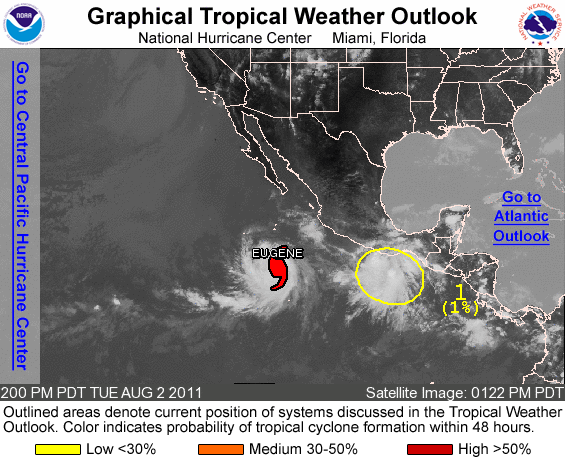
FOR THE EASTERN NORTH PACIFIC...EAST OF 140 DEGREES WEST LONGITUDE..

THE NATIONAL HURRICANE CENTER IS ISSUING ADVISORIES ON HURRICANE EUGENE...LOCATED ABOUT 535 MILES SOUTHWEST OF MANZANILLO MEXICO.

1. UPDATED...SATELLITE IMAGERY INDICATES THAT THE AREA OF LOW PRESSURE LOCATED ABOUT 130 MILES SOUTH OF PUERTO ANGEL MEXICO HAS BECOME BETTER ORGANIZED OVER THE PAST FEW HOURS. CONDITIONS APPEAR FAVORABLE FOR CONTINUED DEVELOPMENT OF THIS SYSTEM...AND A TROPICAL DEPRESSION COULD FORM TONIGHT OR WEDNESDAY. THIS SYSTEM HAS A HIGH CHANCE...70 PERCENT...OF BECOMING A TROPICAL CYCLONE DURING THE NEXT 48 HOURS AS IT MOVES WESTWARD AT 5 TO 10 MPH.

ELSEWHERE...TROPICAL CYCLONE FORMATION IS NOT EXPECTED DURING THE NEXT 48 HOURS.

FORECASTER CANGIALOSI/BRENNAN